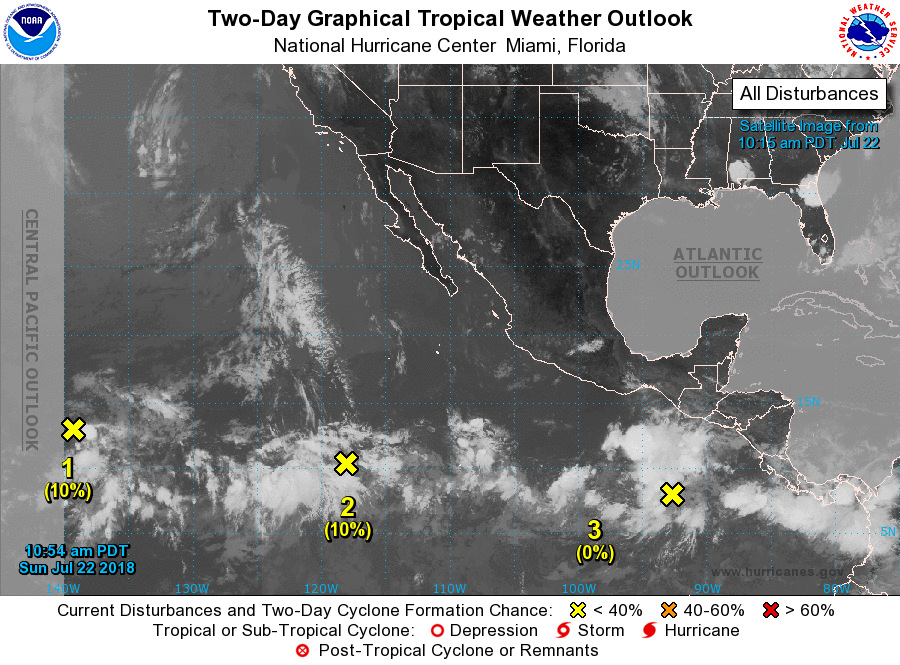
For the eastern North Pacific...east of 140 degrees west longitude:

1. A low pressure area located about 1100 miles east-southeast of the Big island of Hawaii is producing showers and thunderstorms to the east and southeast of the center. However, development of this system is not expected due to strong upper-level winds. The low is moving westward near 15 mph and crossing into the Central Pacific basin. Future information on this system will be available in Tropical Weather Outlooks issued by the Central Pacific Hurricane Center in Honolulu, Hawaii.
* Formation chance through 48 hours...low...10 percent.
* Formation chance through 5 days...low...10 percent.

2. A large area of disturbed weather is located several hundred miles south and southwest of the southern tip of the Baja California Peninsula. Although this system remains disorganized, environmental conditions are expected to become somewhat conducive for development, and a tropical depression could form by the middle part of this week. This disturbance is expected to move toward the west or west-northwest at 15 to 20 mph during the next several days.
* Formation chance through 48 hours...low...10 percent.
* Formation chance through 5 days...medium...40 percent.

3. A weak area of low pressure is located several hundred miles south-southeast of the Gulf of Tehuantepec. Little development of the system is expected during the next couple of days. After that time, environmental conditions are expected to be conducive for gradual development while the system moves toward the west or west-northwest well south of Mexico.
* Formation chance through 48 hours...low...near 0 percent.
* Formation chance through 5 days...low...30 percent.

Tropical Weather Outlooks by the Central Pacific Hurricane Center are issued under AWIPS header HFOTWOCP and under WMP header ACPN50 PHFO, and on the web at www.prh.noaa.gov/cphc/pages/TWO.php

Forecaster Beven